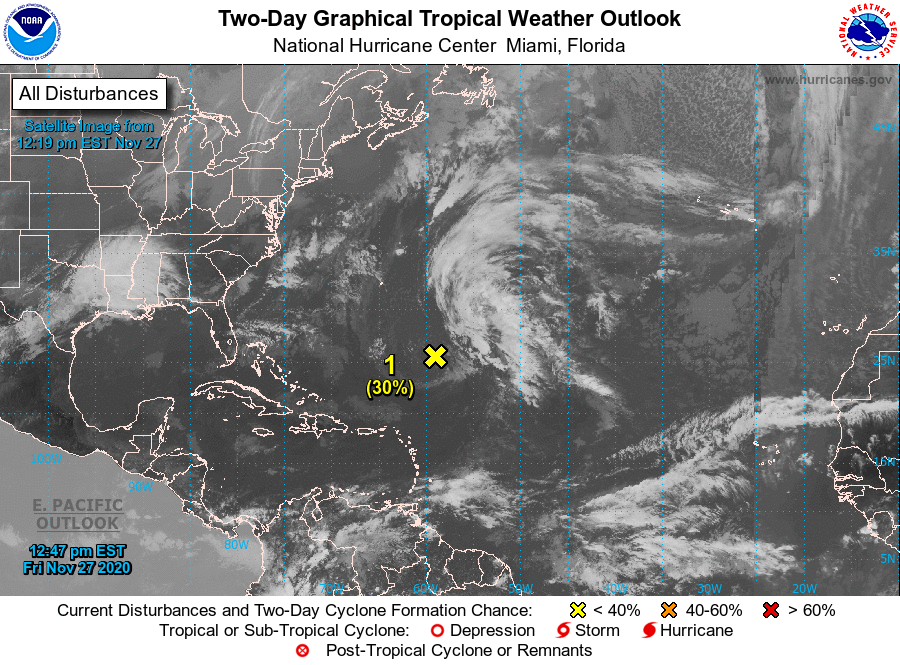
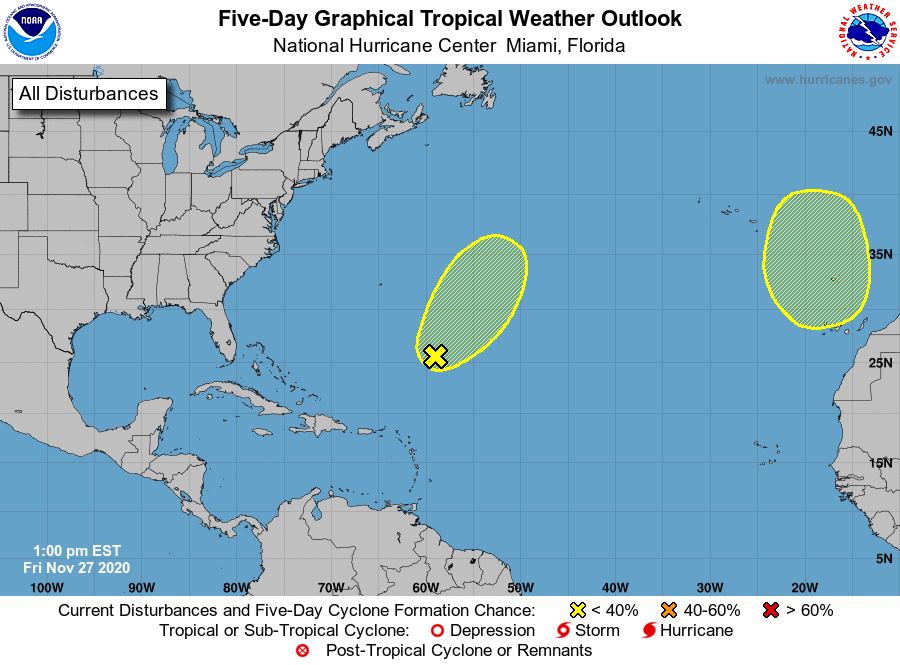
For the North Atlantic...Caribbean Sea and the Gulf of Mexico:

1. An elongated, non-tropical low pressure system located over 500 miles southeast of Bermuda is producing limited shower activity due to dry air in the surrounding environment and strong upper-level winds. Conditions are expected to remain generally unfavorable for development this weekend as the low moves northeastward ahead of an approaching frontal system. By early next week, the system is expected to become absorbed by this frontal system over the north-central Atlantic.
* Formation chance through 48 hours...low...30 percent.
* Formation chance through 5 days...low...30 percent.

2. Another non-tropical area of low pressure is expected to form over the far eastern Atlantic and move southward well offshore of Portugal this weekend. This system could gradually develop subtropical characteristics early next week while it meanders offshore to the north of the Canary Islands.
* Formation chance through 48 hours...low...near 0 percent.
* Formation chance through 5 days...low...20 percent.

Forecaster Reinhart/Latto